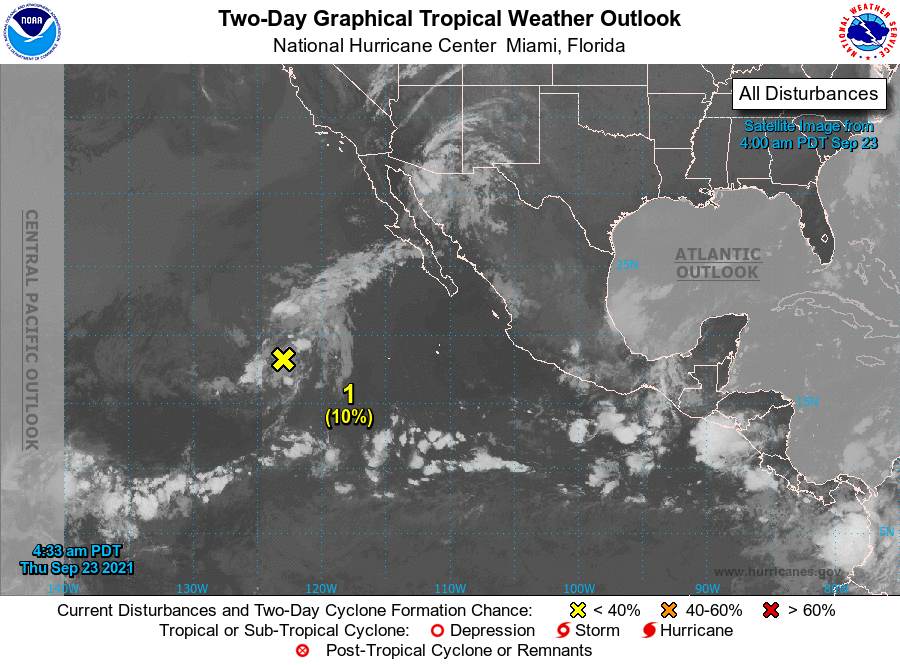
For the eastern North Pacific...east of 140 degrees west longitude:

1. Shower activity associated with an elongated area of low pressure located several hundred miles west-southwest of the southern tip of the Baja California peninsula has become less organized since yesterday. The system is forecast to move over cool waters and into an environment of stable air and strong upper-level winds during the next day or so, and its chances of development are decreasing.
* Formation chance through 48 hours...low...10 percent.
* Formation chance through 5 days...low...10 percent.

Forecaster Beven